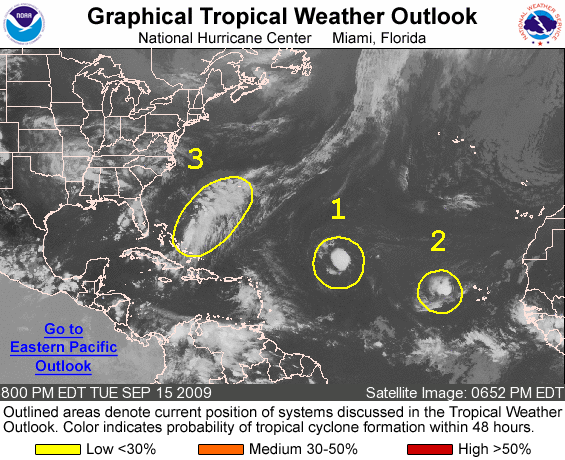
FOR THE NORTH ATLANTIC...CARIBBEAN SEA AND THE GULF OF MEXICO...

1. SHOWERS AND THUNDERSTORMS HAVE INCREASED IN ASSOCIATION WITH THE REMNANTS OF FRED...LOCATED ABOUT 900 MILES EAST OF THE NORTHERN LEEWARD ISLANDS. ENVIRONMENTAL CONDITIONS ARE MARGINALLY CONDUCIVE FOR RE-DEVELOPMENT...AND THERE IS A LOW CHANCE...LESS THAN 30 PERCENT...OF THIS SYSTEM BECOMING A TROPICAL CYCLONE DURING THE NEXT 48 HOURS AS IT MOVES WEST-NORTHWESTWARD AT AROUND 15 MPH. ADDITIONAL INFORMATION ON THIS SYSTEM CAN BE FOUND IN HIGH SEAS FORECASTS ISSUED BY THE NATIONAL WEATHER SERVICE...UNDER AWIPS HEADER NFDHSFAT1 AND WMO HEADER FZNT01 KWBC.

2. AN AREA OF LOW PRESSURE ASSOCIATED WITH A TROPICAL WAVE IS LOCATED ABOUT 350 MILES WEST OF THE CAPE VERDE ISLANDS. ALTHOUGH THE ASSOCIATED SHOWERS AND THUNDERSTORMS HAVE INCREASED SOMEWHAT OVER THE PAST FEW HOURS...FURTHER DEVELOPMENT OF THIS SYSTEM IS LIKELY TO BE SLOW TO OCCUR AS IT MOVES WESTWARD AT AROUND 10 MPH. THERE IS A LOW CHANCE...LESS THAN 30 PERCENT...OF THIS SYSTEM BECOMING A TROPICAL CYCLONE DURING THE NEXT 48 HOURS.

3. A LARGE AREA OF DISORGANIZED SHOWERS AND THUNDERSTORMS EXTEND FROM THE SOUTHEASTERN BAHAMAS NORTHEASTWARD TO NEAR BERMUDA. THIS ACTIVITY IS ASSOCIATED WITH WEAK LOW PRESSURE AREA ALONG A FRONTAL SYSTEM. UPPER-LEVEL WINDS ARE EXPECTED TO REMAIN UNFAVORABLE FOR SIGNIFICANT DEVELOPMENT...AND THERE IS A LOW CHANCE...LESS THAN 30 PERCENT...OF THIS SYSTEM BECOMING A TROPICAL OR SUBTROPICAL CYCLONE DURING THE NEXT 48 HOURS.

ELSEWHERE...TROPICAL CYCLONE FORMATION IS NOT EXPECTED DURING THE NEXT 48 HOURS.

FORECASTER BERG/PASCH